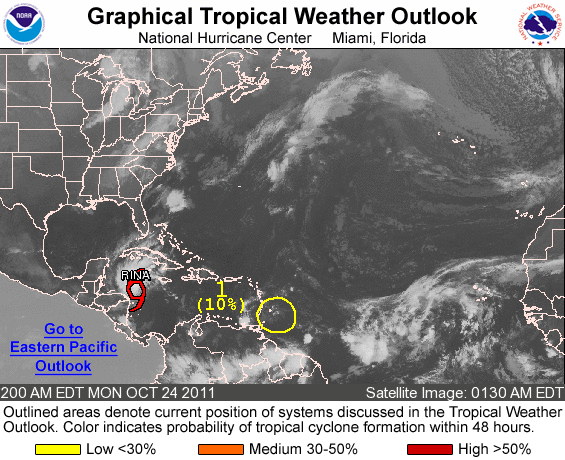
FOR THE NORTH ATLANTIC...CARIBBEAN SEA AND THE GULF OF MEXICO...

THE NATIONAL HURRICANE CENTER IS ISSUING ADVISORIES ON RECENTLY UPGRADED TROPICAL STORM RINA...LOCATED ABOUT 125 MILES NORTHEAST OF THE NICARAGUA-HONDURAS BORDER.

1. A BROAD LOW PRESSURE AREA NEARING THE WINDWARD ISLANDS HAS LIMITED SHOWER ACTIVITY AT THIS TIME. UPPER-LEVEL WINDS ARE ONLY MARGINALLY FAVORABLE AND DEVELOPMENT...IF ANY...OF THIS DISTURBANCE SHOULD BE SLOW TO OCCUR. HOWEVER...THE LOW COULD PRODUCE BRIEF PERIODS OF LOCALLY HEAVY RAINFALL AND GUSTY WINDS IN THE WINDWARD ISLANDS LATER TODAY AND TONIGHT. THIS SYSTEM HAS A LOW CHANCE...10 PERCENT...OF BECOMING A TROPICAL CYCLONE DURING THE NEXT 48 HOURS AS IT MOVES WEST-NORTHWESTWARD AT ABOUT 10 MPH.

ELSEWHERE...TROPICAL CYCLONE FORMATION IS NOT EXPECTED DURING THE NEXT 48 HOURS.

FORECASTER PASCH